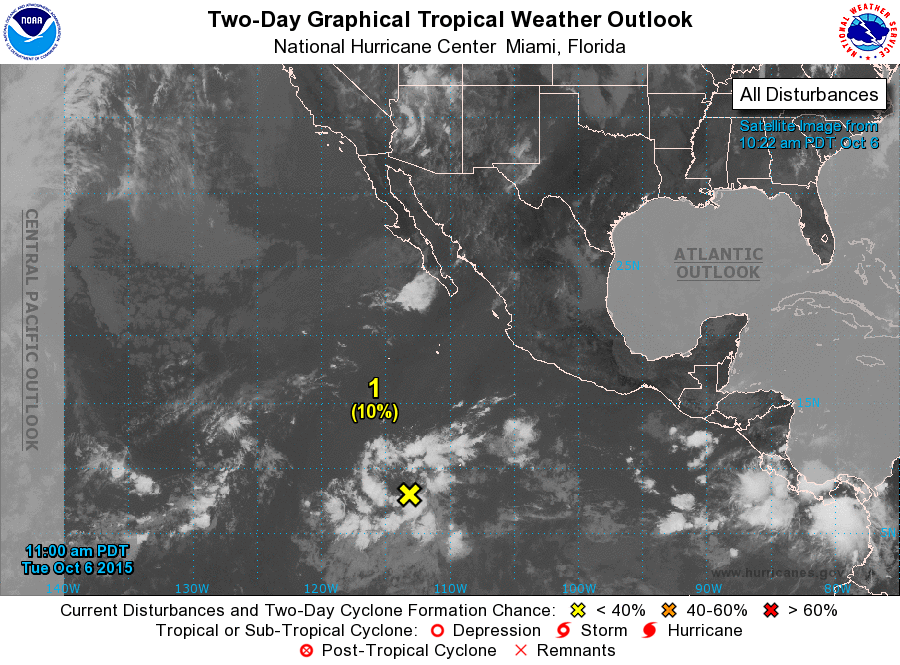
For the eastern North Pacific...east of 140 degrees west longitude:

1. Disorganized showers and thunderstorms are associated with a tropical wave located about 1000 miles south-southwest of the southern tip of the Baja California peninsula. Environmental conditions are expected to be conducive for gradual development of this system later this week while the low moves west-northwestward.
* Formation chance through 48 hours...low...10 percent
* Formation chance through 5 days...medium...40 percent

Forecaster Kimberlain